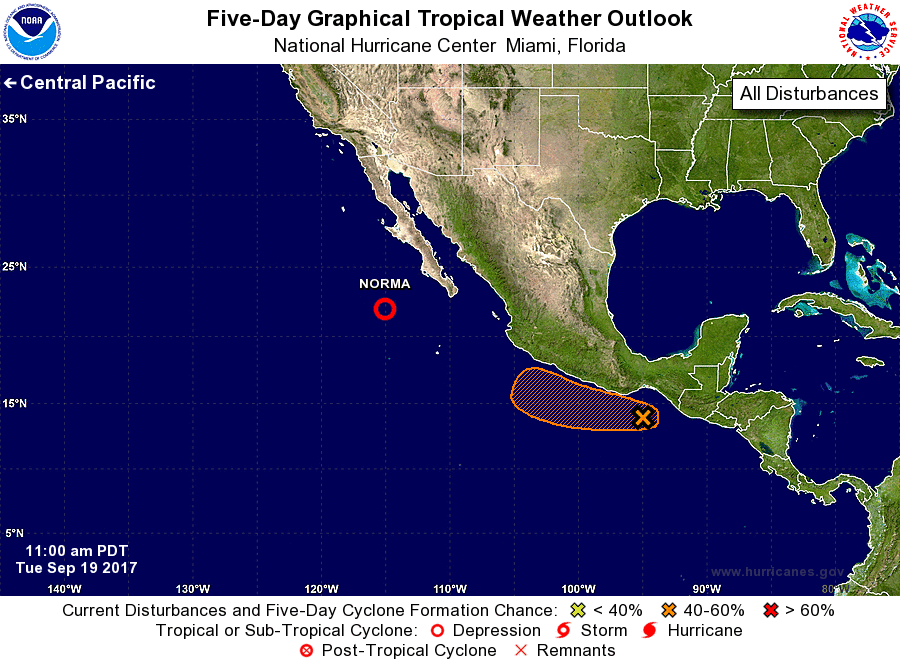
For the eastern North Pacific...east of 140 degrees west longitude:

The National Hurricane Center is issuing advisories on Tropical Depression Norma, located a few hundred miles west-southwest of the southern tip of the Baja California peninsula. The National Hurricane Center has issued the last advisory on Post-Tropical Cyclone Otis, located more than 1000 miles west of the southern tip of the Baja California peninsula.

1. A broad area of low pressure located a few hundred miles southeast of Acapulco, Mexico, is producing disorganized showers and thunderstorms. Environmental conditions appear conducive for development of this system, and a tropical depression could form by the weekend while it moves slowly west-northwestward near the coast of Mexico. Regardless of tropical cyclone formation, this system could produce heavy rainfall along the southern coast of Mexico during the next several days.
* Formation chance through 48 hours...low...20 percent.
* Formation chance through 5 days...medium...60 percent.

Forecaster Cangialosi